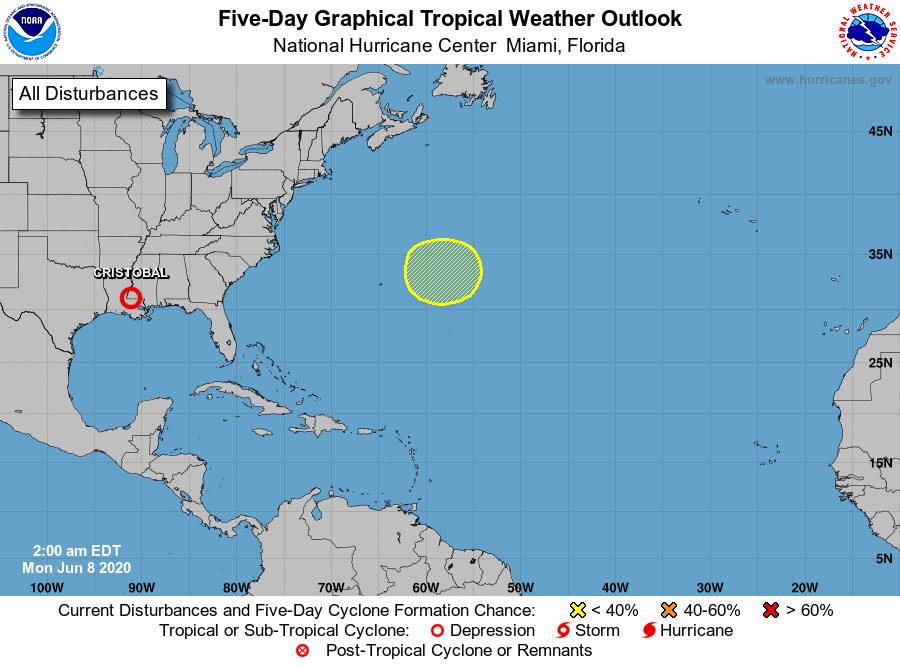
For the North Atlantic...Caribbean Sea and the Gulf of Mexico:

The National Hurricane Center is issuing advisories on Tropical Storm Cristobal, centered inland over southeast Louisiana.

1. A non-tropical area of low pressure is expected to form a few hundred miles east or northeast of Bermuda within a couple of days. Environmental conditions are expected to be only marginally conducive for the low to acquire subtropical characteristics before the end of the week.
* Formation chance through 48 hours...low...near 0 percent.
* Formation chance through 5 days...low...10 percent.

Forecaster Zelinsky